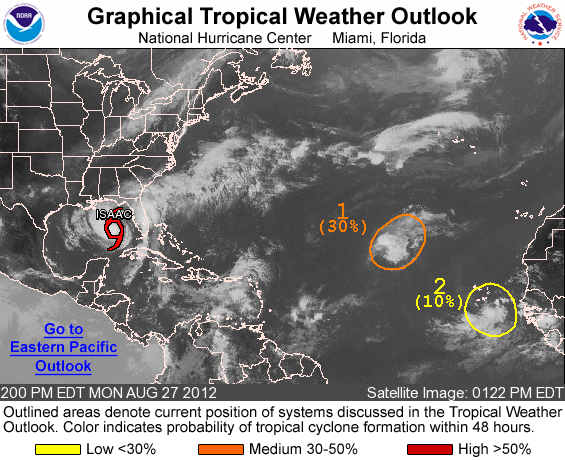
FOR THE NORTH ATLANTIC...CARIBBEAN SEA AND THE GULF OF MEXICO...

THE NATIONAL HURRICANE CENTER IS ISSUING ADVISORIES ON TROPICAL STORM ISAAC...LOCATED ABOUT 255 MILES SOUTH-SOUTHWEST OF APALACHICOLA FLORIDA.

1. A BROAD AREA OF LOW PRESSURE LOCATED ABOUT 1100 MILES WEST-NORTHWEST OF THE CAPE VERDE ISLANDS CONTINUES TO PRODUCING SHOWERS AND THUNDERSTORMS TO THE NORTH OF THE CENTER. UPPER-LEVEL WINDS ARE FORECAST TO BECOME LESS FAVORABLE FOR DEVELOPMENT DURING THE NEXT DAY OR TWO AS THE LOW MOVES WEST-NORTHWESTWARD TO NORTHWESTWARD AT 10 TO 15 MPH. THIS SYSTEM HAS A MEDIUM CHANCE...30 PERCENT...OF BECOMING A TROPICAL CYCLONE DURING THE NEXT 48 HOURS.

2. A TROPICAL WAVE LOCATED NEAR THE CAPE VERDE ISLANDS IS PRODUCING DISORGANIZED SHOWERS AND THUNDERSTORMS. ENVIRONMENTAL CONDITIONS ARE CONDUCIVE FOR SOME GRADUAL DEVELOPMENT OF THIS WAVE DURING THE NEXT COUPLE OF DAYS. THIS SYSTEM HAS A LOW CHANCE...10 PERCENT...OF BECOMING A TROPICAL CYCLONE DURING THE NEXT 48 HOURS AS IT MOVES WESTWARD AT 10 TO 15 MPH.

ELSEWHERE...TROPICAL CYCLONE FORMATION IS NOT EXPECTED DURING THE NEXT 48 HOURS.

FORECASTER CANGIALOSI